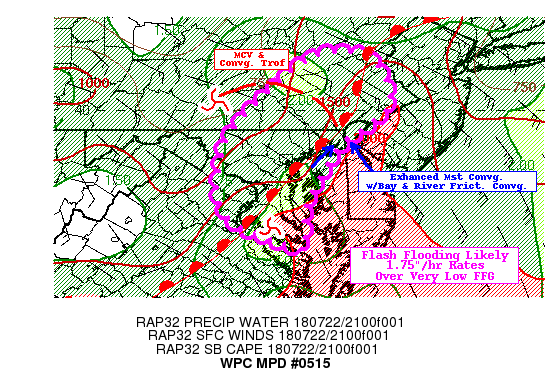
AREAS AFFECTED...SOUTHEAST PA...CENTRAL MD...EXT NORTHERN VA...EXT
NORTHERN DE...

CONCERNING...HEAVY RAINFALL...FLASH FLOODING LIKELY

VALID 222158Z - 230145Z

SUMMARY...A COUPLE OF COMPLEXES FED BY SWLY ONSHORE FLOW FOCUSED
BY RIVERS POSE LIKELY FLASH FLOODING ACROSS SE PA TO CENTRAL MD
OVER THE NEXT FEW HOURS.

DISCUSSION...MCV LIFTING INTO CENTRAL PA CONTINUES TO HAVE AN
ACTIVE CONVECTIVE COMPLEX ALONG THE EASTERN PERIPHERY OF ITS
INFLUENCE IN SE PA/EXT NE MD AND N DE ATTM. STRONG SFC FLOW UP THE
DELAWARE RIVER AND SLIGHT TURNING AT THE APEX OF THE CHESAPEAKE
BAY LEADING TO VERY STRONG MST CONVERGENCE AND BACKBUILDING GIVEN
STRONGER INFLOW AT THE EDGE OF THE MID-LEVEL TROF/CONFLUENCE BAND.
 THIS ALSO INTERSECTS GENERALLY WITH THE WARM FRONT THAT CONTINUES
HANG THROUGH SE PA INTO ANNE ARUNDEL COUNTY MD INTO THE PIEDMONT
REGION OF VA.

STRONG MST CONVERGENCE ALONG THE WARM FRONT IS SUPPORTING
CONVECTIVE DEVELOPMENT ALONG ITS LENGTH INTO VA BUT GIVEN THE
STUBBORN NATURE OF THE RIDGING OVER WEST CENTRAL MD INTO NW
VA...THERE CONTINUES TO BE SLOW NNW MOVEMENT OF THE FRONT ALLOWING
FOR BACKBUILDING ALONG THE UPSTREAM EDGE AND COMPOUNDING RAINFALL
TOTALS DOWNSTREAM.  THE BEST TRAINING REMAINS WHERE THE FRONT IS
MORE PARALLEL TO THE MEAN FLOW ACROSS SOUTHERN MD TOWARD BALTIMORE
CITY.  IN ADDITION ANOTHER SUBTLE S/W WILL HAS INCREASED WAA
ACROSS THE NORTHERN NECK OF VA LIFTING NORTH SUPPORTING A BAND OF
CONVECTION THAT WILL LIKELY BE ENHANCED BY THIS PARALLEL NATURE TO
THE FRONT AND THE INCREASED LOW LEVEL FLUX/CONVERGENCE CONTINUING
THE FLASH FLOOD THREAT FOR THE NEXT FEW HOURS ALONG THE LENGTH OF
THE CHESAPEAKE BAY.

AMPLE MOISTURE WITH TPWS STILL OVER 1.75" AND INSTABILITY FED ON
UNCLOUDED SOURCE REGION WILL SUPPORT RATES UP TO 1.75"/HR (AS
OBSERVED RECENTLY IN CALVERT COUNTY) BUT GIVEN OVERALL FORWARD
PROGRESS TOTALS SHOULD BE AROUND 2-4" THOUGH ISOLATED HUNG UP
CELLS NEAR/DOWNSTREAM OF FRICTIONAL CONVERGENCE POINTS NEAR THE
BAY/RIVERS...MAY SEE INCREASED TOTALS.  WITH LOW FFG VALUES FLASH
FLOODING IS CONSIDERED LIKELY.